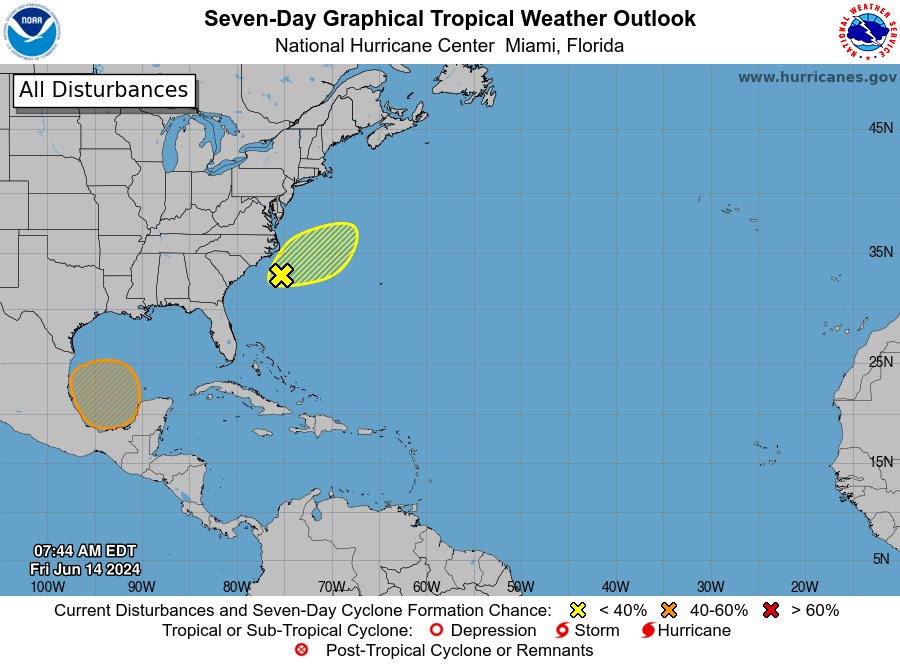
For the North Atlantic...Caribbean Sea and the Gulf of Mexico:

1. Offshore of the Southeastern U.S. (AL90): Satellite data and surface observations indicate that the low pressure area offshore of the southeastern U.S. coast has become a little better organized since yesterday. However, upper-level winds remain strong, and the system is forecast to merge with a front over the western Atlantic Saturday or Sunday. Regardless of development, heavy rainfall is forecast to continue across portions of the Florida peninsula through Saturday. For more information, see products issued by the Weather Prediction Center and local National Weather Service Forecast Offices.
* Formation chance through 48 hours...low...20 percent.
* Formation chance through 7 days...low...20 percent.

2. Southwestern Gulf of Mexico: A broad area of low pressure is forecast to form over the southwestern Gulf of Mexico late this weekend or early next week. Environmental conditions appear conducive for gradual development of this system, and a tropical depression could form during the early or middle part of next week while it moves slowly westward or west-northwestward.
* Formation chance through 48 hours...low...near 0 percent.
* Formation chance through 7 days...medium...50 percent.

Weather Prediction Center products can be found at www.wpc.ncep.noaa.gov and National Weather Service forecast information can be found at www.weather.gov

Forecaster Beven